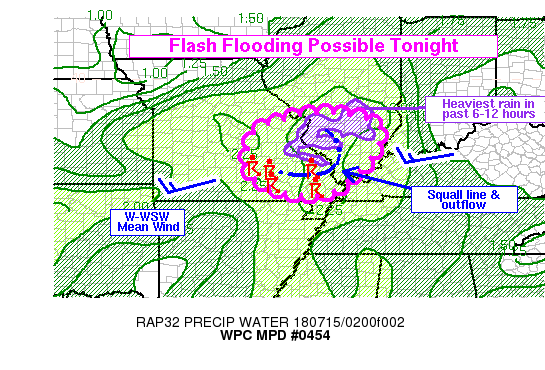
AREAS AFFECTED...SOUTHEAST MISSOURI...SOUTHERN ILLINOIS

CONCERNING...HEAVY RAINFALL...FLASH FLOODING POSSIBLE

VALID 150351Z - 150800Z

SUMMARY...SEVERAL WAVES OF RAIN AND THUNDERSTORMS MAY AFFECT
PORTIONS OF SOUTHERN MISSOURI AND ILLINOIS TONIGHT... AND THIS MAY
LEAD TO SOME FLASH FLOODING. RAIN RATES OF 2 IN/HR HAVE ALREADY
BEEN ESTIMATED BY RADAR... AND RAIN RATES THIS HIGH WILL BE A
POSSIBILITY INTO THE OVERNIGHT HOURS GIVEN THE ENVIRONMENT IN
PLACE.

DISCUSSION...KLSX RADAR SHOWED A WEAKENING SQUALL LINE PUSHING
EAST INTO SOUTH-CENTRAL ILLINOIS... NEAR THE I-57 CORRIDOR BY
0330Z. SURFACE OBSERVATIONS SHOWED A WEAK COLD POOL BEHIND THIS
WITH SURFACE TEMPERATURES AROUND 4-8 DEGREES COOLER THAN
OBSERVATIONS IN FAR SE IL AND SE MO. AN OUTFLOW BOUNDARY LIKELY
EXTENDED FROM NEAR CARBONDALE IL WEST TO NEAR ELLINGTON MO... AND
NEW CONVECTION WAS DEVELOPING IN THIS CORRIDOR. AN ADDITIONAL LINE
OF STORMS HAD DEVELOPED FURTHER WEST IN MISSOURI...AND WAS ALSO
ADVANCING INTO SOUTHEAST PORTIONS OF THE STATE. 850-300MB MEAN
FLOW WAS OUT OF THE WEST TO WEST-SOUTHWEST AND SHOULD ALLOW FOR
CONVECTION TO REPEATEDLY AFFECT SOME AREAS... WITH THE OUTFLOW
BOUNDARY POTENTIALLY PROVIDING AN ADDITIONAL FOCUSING MECHANISM.
THE HIGHEST QPE OVER THE PAST 6-12 HOURS WAS NEAR PERRYVILLE AND
FARMINGTON IN MISSOURI...AND STRETCHING NE/ENE INTO PARTS OF
SOUTH-CENTRAL ILLINOIS. GIVEN CURRENT STORM MOTIONS... THERE IS A
CHANCE THAT ADDITIONAL HEAVY RAINFALL WILL OCCUR IN SOME OF THESE
AREAS IN ADDITION TO SOME NEW SWATHS OF HEAVY RAINFALL FURTHER
SOUTH AND SOUTHWEST (NEAR THE CURRENT OUTFLOW BOUNDARY). THIS
WOULD PROVIDE SOME CHANCE OF FLASH FLOODING.

THE REGION DOES HAVE SOME ANOMALOUSLY HIGH MOISTURE LEVELS... WITH
PRECIPITABLE WATER VALUES NEAR OR JUST ABOVE 2 INCHES. THIS IS
ABOVE THE 95TH PERCENTILE FOR THIS REGION IN JULY... AND IS
SUFFICIENTLY HIGH TO SUPPORT EFFICIENT RAINFALL PRODUCTION AND
VERY HEAVY RAIN RATES AROUND 2 IN/HR IN THE STRONGEST CONVECTION.
RAP ANALYSIS ALSO SHOWED MLCAPE VALUES AROUND 2000-2500 J/KG ALONG
AND SOUTH OF THE AFOREMENTIONED OUTFLOW BOUNDARY WITH DEEP LAYER
EFFECTIVE SHEAR AROUND 20-25 KNOTS. THIS SHOULD ALLOW FOR
ORGANIZED CONVECTIVE CLUSTERS AND THE INCREASED STORM ORGANIZATION
COULD ENABLE INCREASED RESIDENCE TIME OF HEAVY RAIN IN A GIVEN
LOCATION.